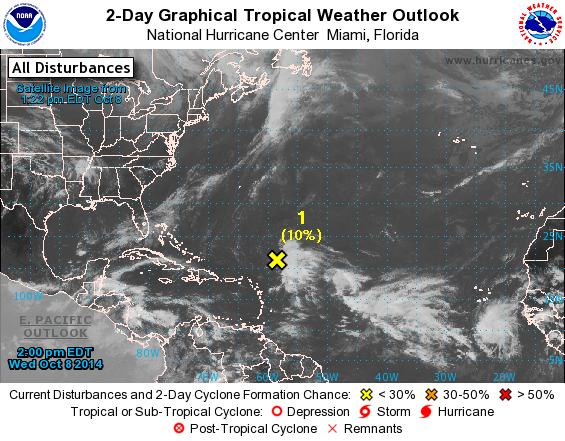
For the North Atlantic...Caribbean Sea and the Gulf of Mexico:

1. Disorganized showers and thunderstorms located several hundred miles northeast of the Leeward Islands are associated with a surface trough of low pressure. Environmental conditions are expected to be marginally favorable, and some development of this system is possible through the weekend while it moves generally northwestward toward the western Atlantic.
* Formation chance through 48 hours...low...10 percent.
* Formation chance through 5 days...low...20 percent.

Forecaster Berg